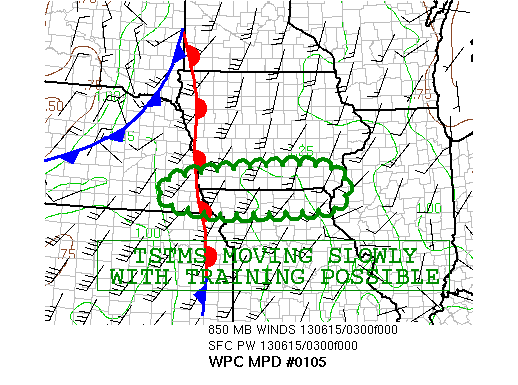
AREAS AFFECTED...SOTUHERN IOWA...NORTHERN MO

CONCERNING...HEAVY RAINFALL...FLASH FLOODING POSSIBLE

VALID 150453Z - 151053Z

SUMMARY...SLOW-MOVING AND LOCALLY TRAINING CONVECTION WILL
CONTINUE TO PRODUCE LOCALLY VERY HEAVY RAINFALL AMOUNTS AND RESULT
IN A CONTINUING THREAT OF FLASH FLOODING THROUGH THE NIGHT.

DISCUSSION...LATEST RADAR IMAGERY SHOWS WEST TO EAST BAND OF
CONVECTION WHICH HAS BEEN DRIFTING TOWARDS THE SOUTH.  CONVECTION
IS ACTIVE ENOUGH TO SUPPORT RAINFALL RATES OF UP TO 2 INCHES PER
HOUR.  SLOW CELL MOVEMENT IS OCCURRING OVER AREAS WHICH ALREADY
RECEIVED MDT TO HEAVY RAINS EARLIER IN THE AFTERNOON. 00Z SOUNDING
FROM OMAHA AND FORECAST SOUNDINGS NEAR THE IA/MO BORDER TONIGHT
SHOW STEEP LAPSE RATES OF 7-8 DEG C/KM AND PW VALUES OF 1.75-1.9
INCHES.  THE COMBINATION OF UPPER DIVERGENCE MAXIMA/LOW-MID LEVEL
THETA-E ADVECTION AND ADVECTION OF MOISTURE ON SOUTHERLY LOW LEVEL
FLOW ENCOURAGE CONTINUED CELL DEVELOPMENT OVERNIGHT AND
DEVELOPMENT OF CELLS ON THE SOUTHERN AND EASTERN FLANK IN AREAS
NEAR THE IA/MO BORDER.

ADDITIONAL RAINFALL AMOUNTS OF 1 TO 3 INCHES WITH LOCALLY HIGHER
AMOUNTS ARE EXPECTED.